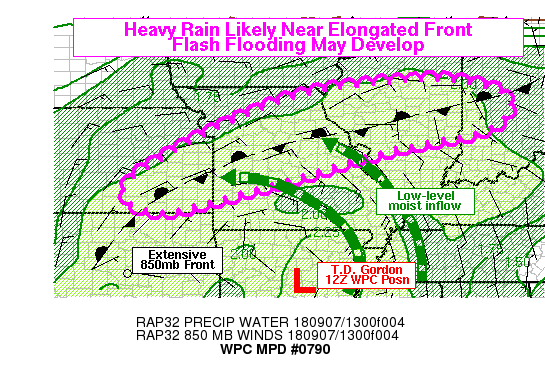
Areas affected...SE KS, Nrn/Ctrl MO, C IL, WC IN

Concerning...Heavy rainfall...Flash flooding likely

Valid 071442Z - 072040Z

Summary...An extensive area of rain with embedded thunderstorms is
likely to develop along a front that stretches from the Plains
into the Mid-Mississippi River Valley. Moderate to heavy rain is
expected across much of the region. Slow-moving rain bands and
thunderstorms are also likely to produce smaller swaths of heavier
rainfall, which should lead to flash flooding. Rain rates of 1-2
in/hr would be relatively common in these sort of rain bands, but
localized rates up to 3 in/hr would be possible.

Discussion...Regional radar mosaic this morning shows a large
ribbon of rain stretching from Indiana, curling southwest into the
southern Plains. This was largely situated along and north of a
stalled, extensive low-level front. Tropical Depression Gordon was
centered in Arkansas, and the strongest winds in the 925-850mb
layer were generally east of the center. Therefore, there was
stronger northward moisture flux into Missouri this morning, in
addition to the pooling moisture already existing along the
quasi-stationary front. Precipitable water values were generally
between 2.0 and 2.2 inches, as shown by the CIRA blended TPW
product, GPS-PW observations, and some of the regional 12Z
soundings. These were around the 99th percentile for this time of
year for this region. Of particular note is the depth of the
moisture plume. CIRA layer PW products shows a prominent channel
of higher PW values in the 700-500mb layer, and especially in the
500-300mb layer, connecting back into the ITCZ in the eastern
Pacific and suggesting deep saturated or nearly-saturated profiles
right along the stalled front. The depth and magnitude of
available moisture should easily support heavy rainfall. The 12Z
SGF sounding also showed modest CAPE values just under 1000 j/kg,
with a tall narrow profile and a freezing level approaching 16,000
feet -- a hallmark of environments with efficient warm rain
processes.

Given the abundance of moisture in proximity to a low-level
boundary, the expectation is for fairly widespread moderate rain
and embedded heavier rain bands and thunderstorms. Most convective
bands should be limited in vertical extent, and dominated by
collision-coalescence processes with limited ice. This should keep
rain rates high in any convective bands that develop. 1-2 in/hr
rates would be relatively common, but slightly higher rain rates
couldn't be ruled out in the presence of stronger and more focused
forcing. In the next couple hours (14-17Z), one location that may
see higher rain rates and a more focused flash flood threat would
be in southeast Kansas, where a nearly stationary rain band
appears to be increasingly organized and growing in size based on
recent scans from the KICT radar. Dual pol and MRMS rain rate
estimates have been locally as high as 3 in/hr east of Wichita.
The area from near Winfield, northeast to near Yates Center, and
Paola, would be at particular risk for flash flooding from this
nearly stationary rain band.

After 17Z, hi-res models show increasing amounts of convective
banding developing from central Missouri into central Illinois as
low-level inflow increases to the east of Gordon. This may enhance
low-level convergence along the front and lead to a greater flash
flood threat developing in the 18-21Z time frame across Missouri
and Illinois.